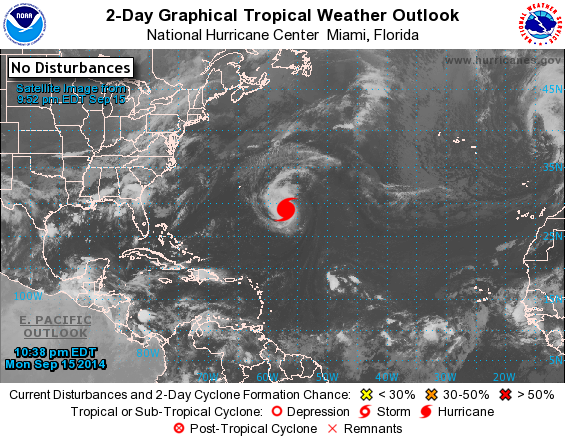
For the North Atlantic...Caribbean Sea and the Gulf of Mexico:

The National Hurricane Center is issuing advisories on Hurricane Edouard, located a little less than 600 miles east-southeast of Bermuda.

1. A tropical wave is forecast to move off the west coast of Africa on Wednesday, and produce an area of low pressure over the far eastern Atlantic. Conditions appear conducive for some development of this system by late this week while it moves west-northwestward.
* Formation chance through 48 hours...low...near 0 percent.
* Formation chance through 5 days...low...20 percent.

Forecaster Pasch